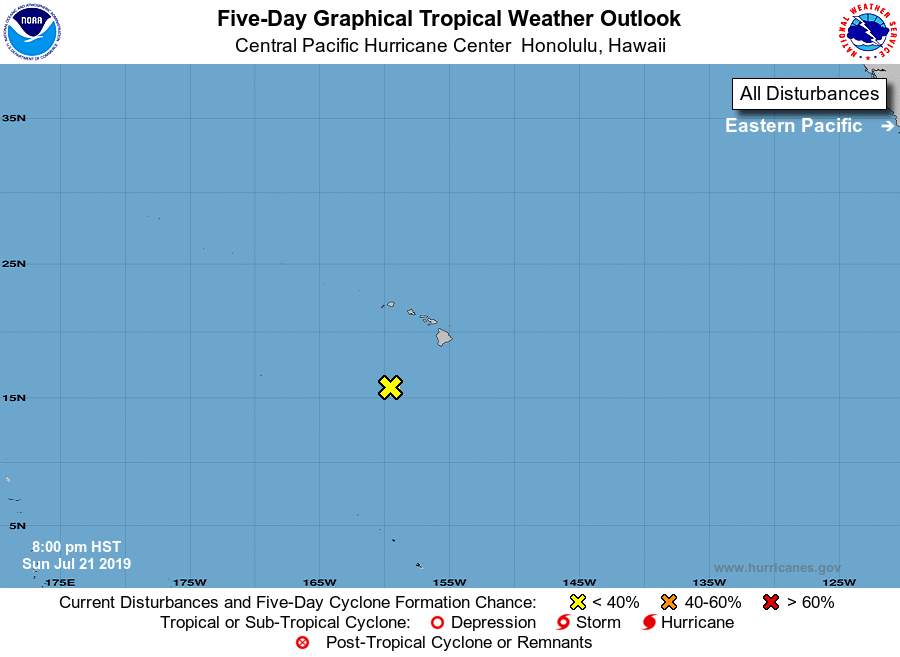
For the central North Pacific...between 140W and 180W:

1. An area of low pressure is located a few hundred miles south of Honolulu, Hawaii. Environmental conditions are becoming less conducive and development of this system is not expected while it moves northwestward around 15 mph.
* Formation chance through 48 hours...low...0 percent
* Formation chance through 5 days...low...0 percent

Elsewhere, no tropical cyclones are expected during the next 5 days.

Forecaster Gibbs